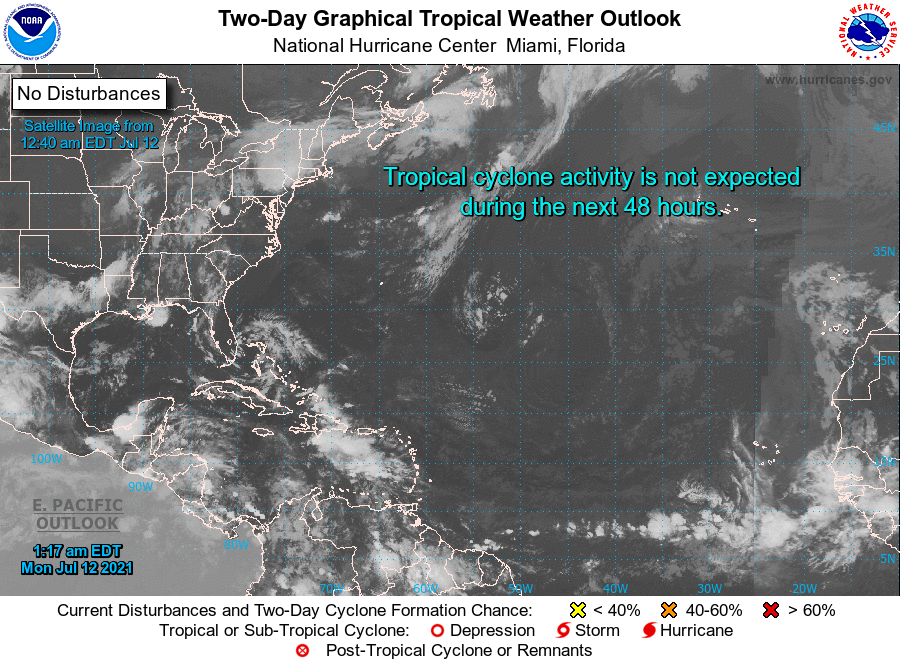
For the North Atlantic...Caribbean Sea and the Gulf of Mexico:

Tropical cyclone formation is not expected during the next 5 days.

Forecaster Stewart